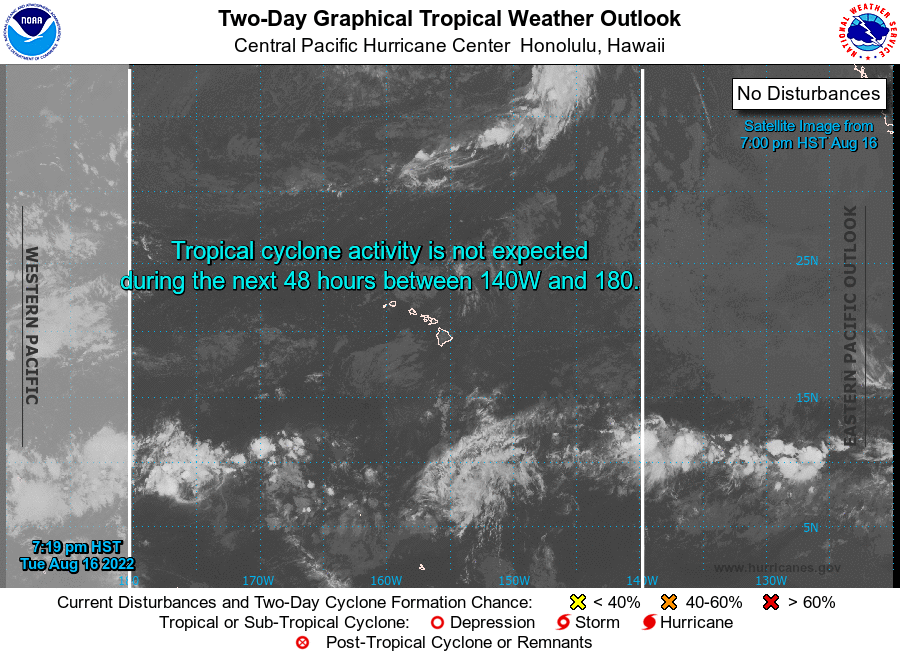
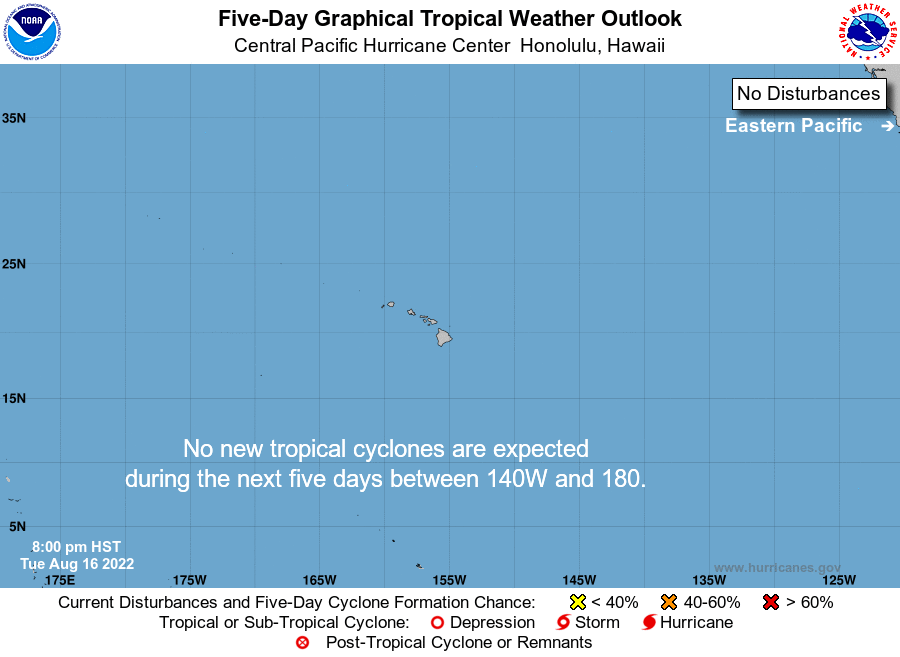
For the central North Pacific...between 140W and 180W:

No tropical cyclones are expected during the next 5 days.

Forecaster Houston